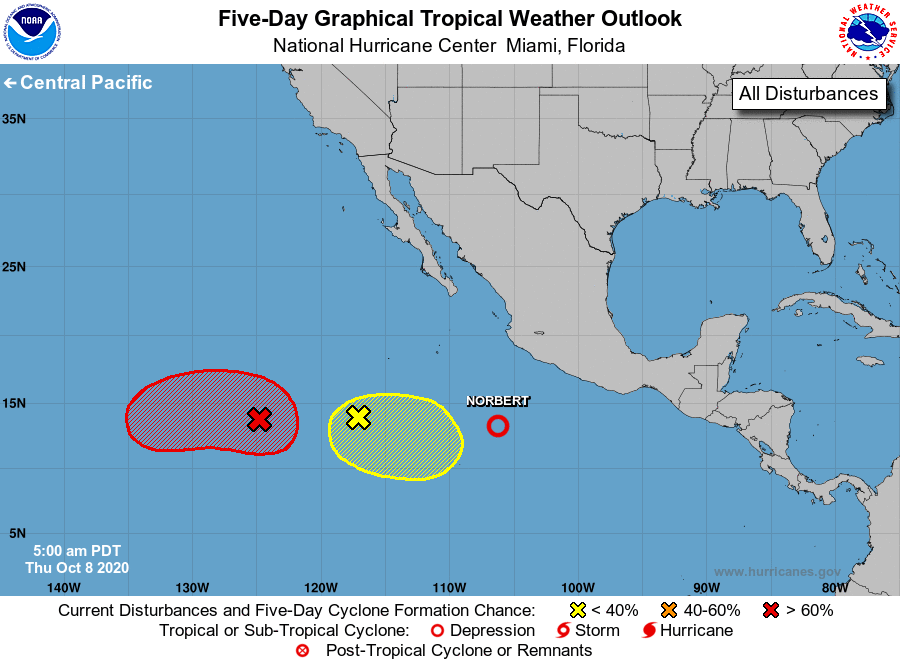
For the eastern North Pacific...east of 140 degrees west longitude:

The National Hurricane Center is issuing advisories on Tropical Depression Norbert, located several hundred miles south-southwest of Manzanillo, Mexico.

1. A broad area of low pressure located more than 1000 miles southwest of the southern tip of the Baja California peninsula continues to produce showers and thunderstorms. Environmental conditions appear conducive for further development, and a tropical depression is likely to form during the next few days while the low drifts north-northwestward through Thursday, and then turns westward by Friday.
* Formation chance through 48 hours...medium...60 percent.
* Formation chance through 5 days...high...70 percent.

2. Another area of low pressure centered about 700 miles southwest of the southern tip of the Baja California peninsula is producing disorganized showers and thunderstorms. Some slow development of this system is possible over the next couple of days as the low drifts southeastward or east-southeastward.
* Formation chance through 48 hours...low...20 percent.
* Formation chance through 5 days...low...20 percent.

Forecaster Latto